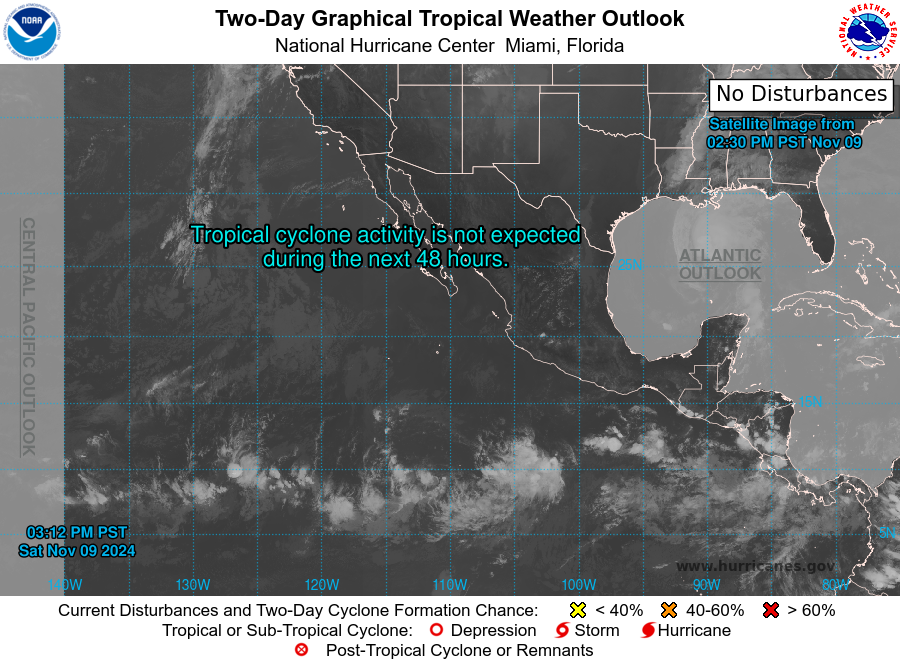
For the eastern North Pacific...east of 140 degrees west longitude:

Tropical cyclone formation is not expected during the next 7 days.

Forecaster Roberts